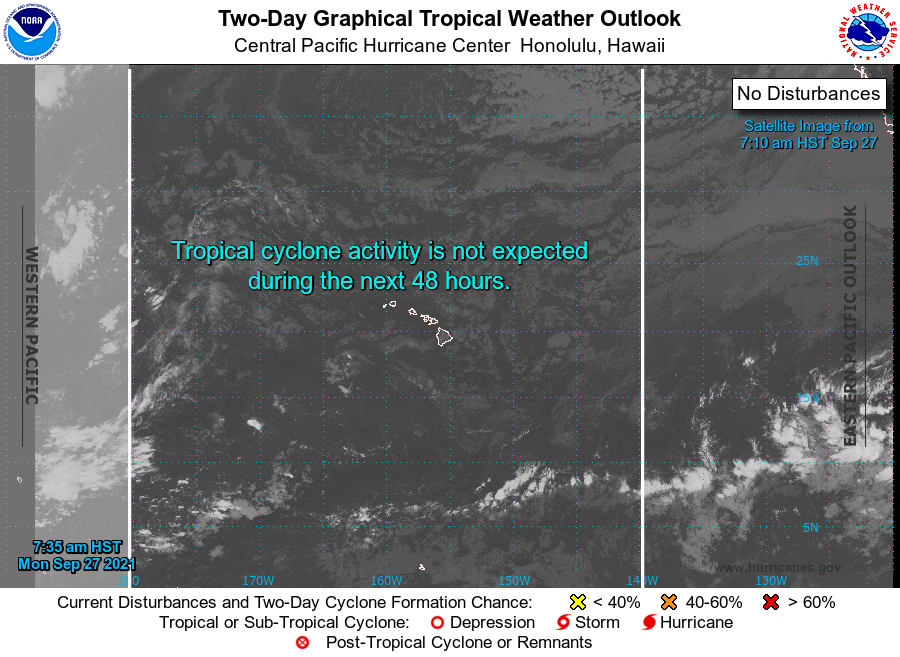
For the central North Pacific...between 140W and 180W:

No tropical cyclones are expected during the next 5 days.

Forecaster Kino